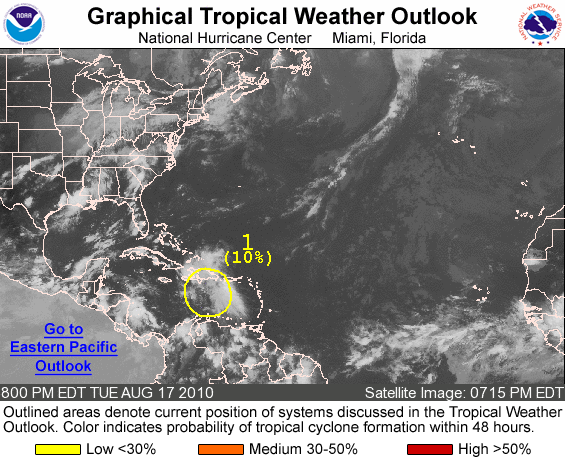
FOR THE NORTH ATLANTIC...CARIBBEAN SEA AND THE GULF OF MEXICO...

1. A TROPICAL WAVE LOCATED OVER EASTERN HISPANIOLA AND EXTENDING SOUTHWARD OVER THE CENTRAL CARIBBEAN SEA IS PRODUCING WIDESPREAD CLOUDINESS AND DISORGANIZED SHOWER ACTIVITY. DEVELOPMENT OF THIS DISTURBANCE...IF ANY...SHOULD TO BE SLOW TO OCCUR OVER THE NEXT COUPLE OF DAYS DUE TO UNFAVORABLE ENVIRONMENTAL CONDITIONS. THERE IS A LOW CHANCE...10 PERCENT...OF THIS SYSTEM BECOMING A TROPICAL CYCLONE DURING THE NEXT 48 HOURS AS IT MOVES GENERALLY WESTWARD AT 15 TO 20 MPH.

ELSEWHERE...TROPICAL CYCLONE FORMATION IS NOT EXPECTED DURING THE NEXT 48 HOURS.

FORECASTER STEWART